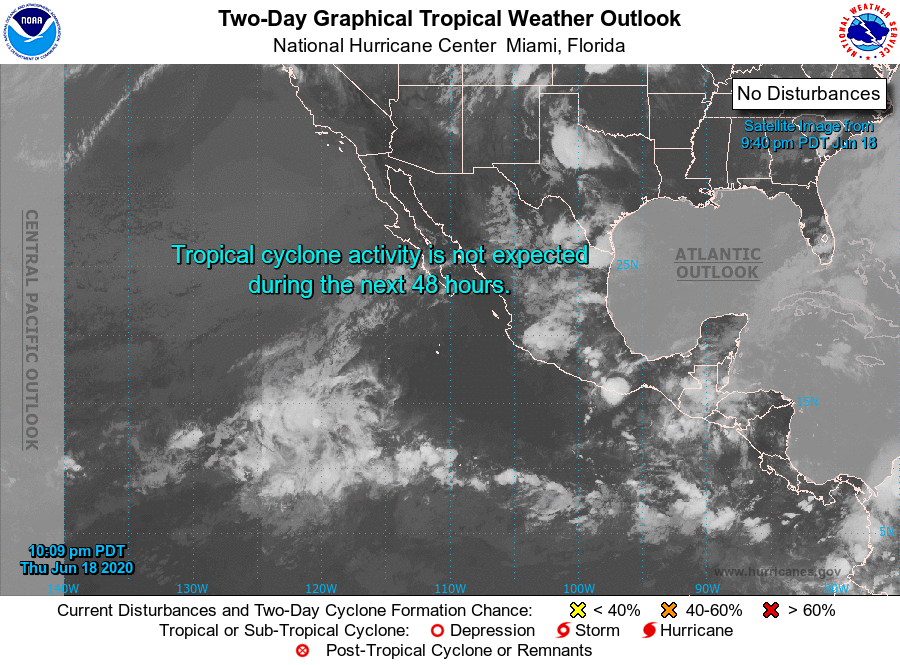
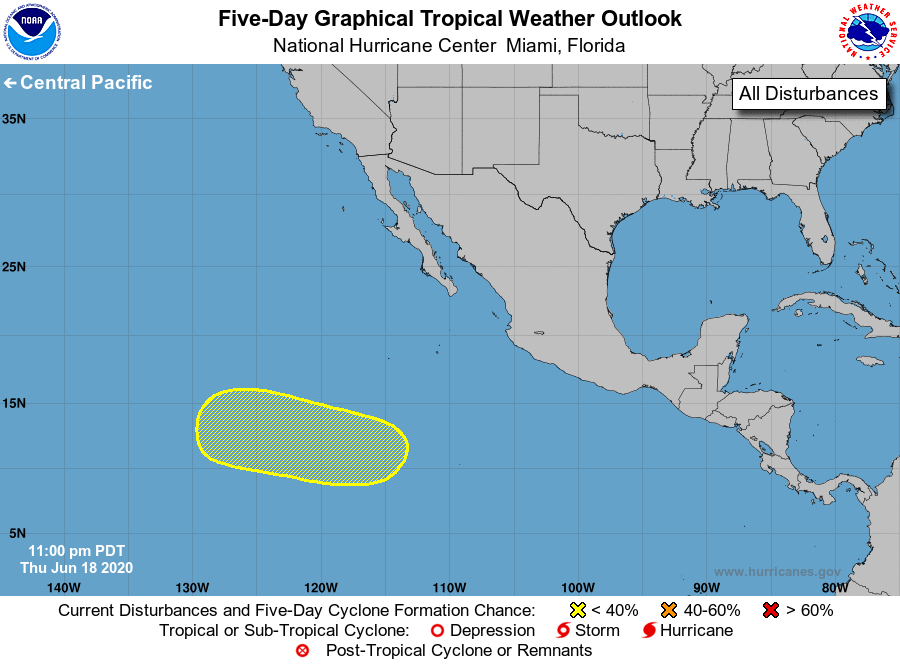
For the eastern North Pacific...east of 140 degrees west longitude:

1. A broad area of low pressure has formed more than 1000 miles southwest of the southern tip of the Baja California peninsula. Environmental conditions could support some slow development of the system through early next week while it moves generally westward, well offshore the coast of Mexico.
* Formation chance through 48 hours...low...near 0 percent.
* Formation chance through 5 days...low...20 percent.

Forecaster Beven